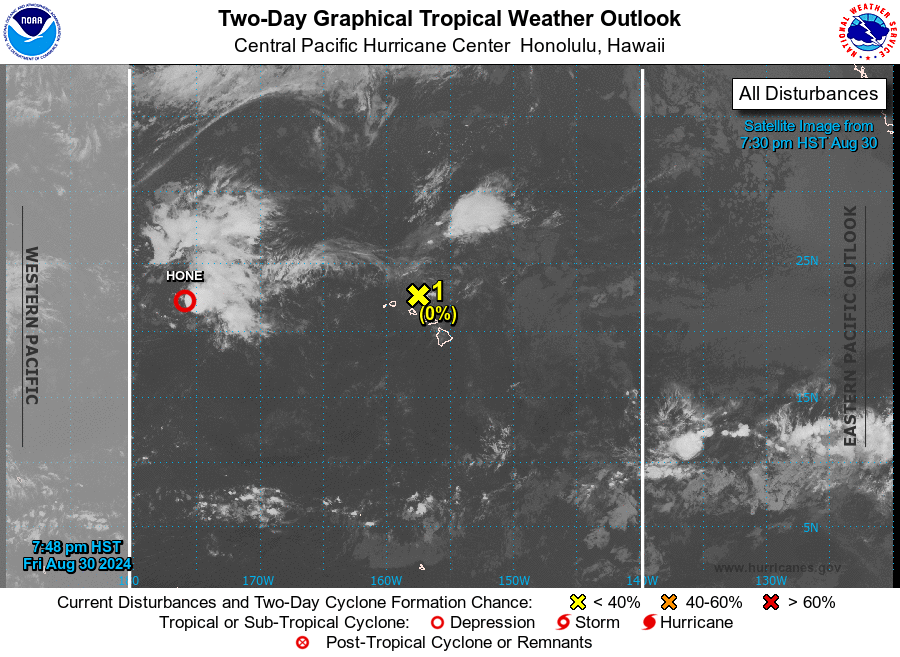
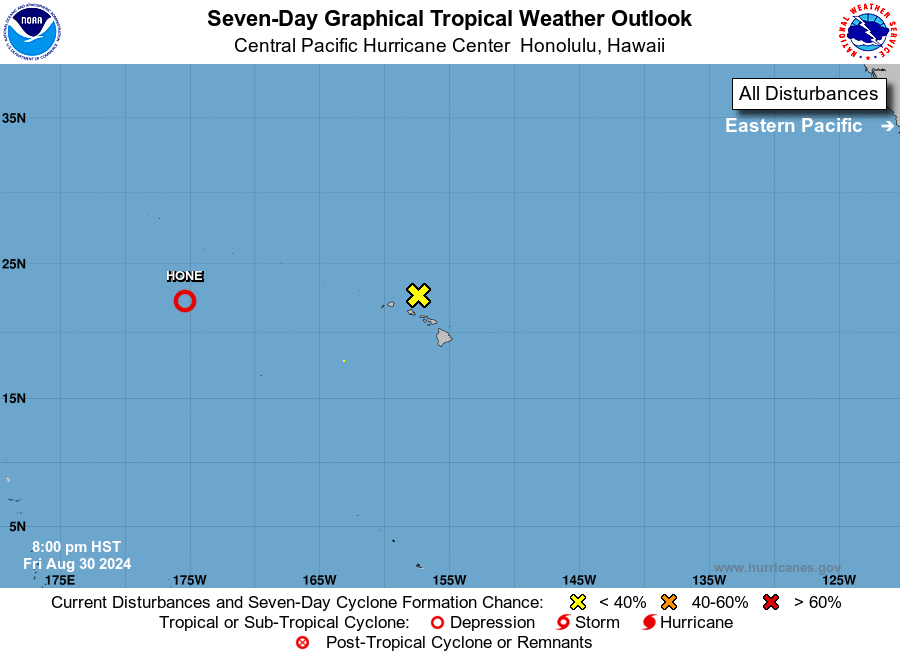
For the central North Pacific...between 140W and 180W:

Active Systems: The Central Pacific Hurricane Center in Honolulu, Hawaii is issuing advisories on Tropical Depression Hone. This system is located about 1050 miles west of Lihue, Hawaii, moving west-northwest at 8 mph.

1. Approximately 100 miles northeast of Honolulu: A surface low, the remnant of Tropical Cyclone Gilma, is moving west-northwest near 10 mph. Atmospheric conditions are not conducive for tropical cyclone redevelopment. *Formation chances through 48 hours...low...near 0 percent. *Formation chances through 7 days...low...near 0 percent.

Elsewhere, no tropical cyclones are expected during the next 7 days.

Public advisories on Tropical Depression Hone are issued under WMO header WTPA31 PHFO and under AWIPS header HFOTCPCP1. Forecast advisories on Tropical Storm Hone are issued under WMO header WTPA11 PHFO and under AWIPS header HFOTCMCP1.

Forecaster Foster